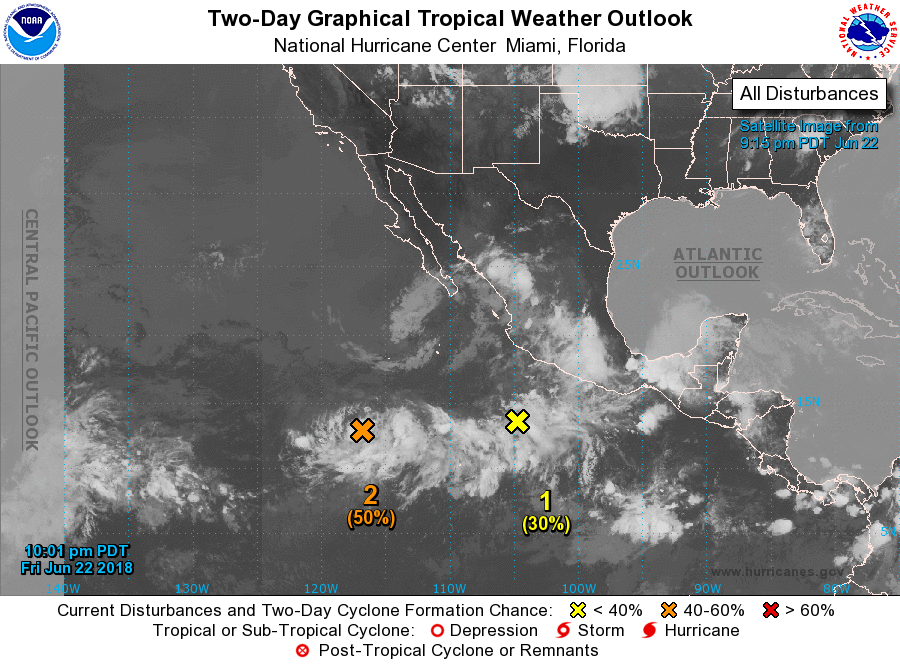
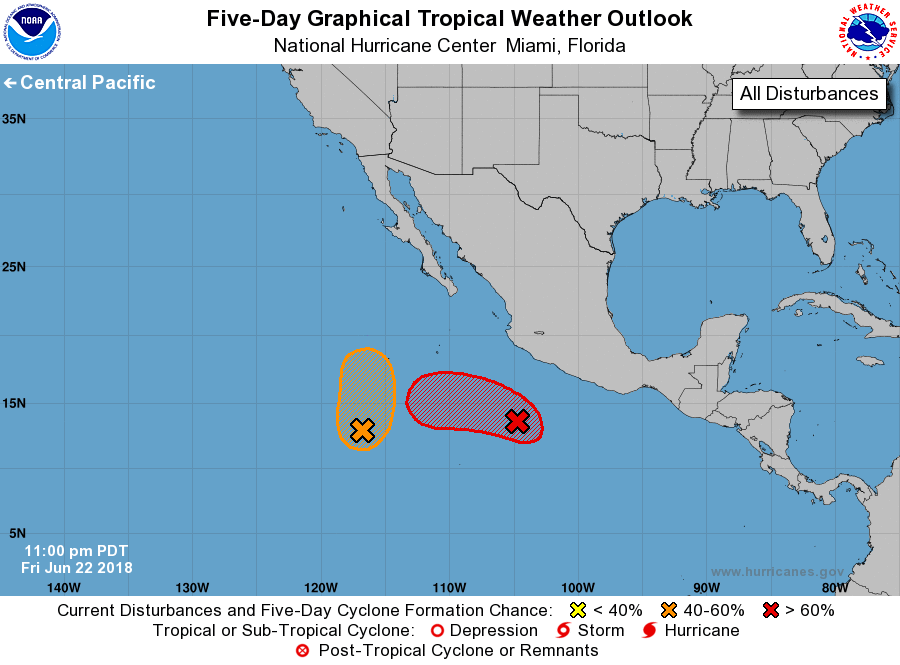
For the eastern North Pacific...east of 140 degrees west longitude:

1. Although the area of showers and thunderstorms located several hundred miles southwest of Acapulco, Mexico appears less organized tonight, the environment is forecast to become more conducive for development over the next day or so. A tropical depression is still likely to form early next week while the disturbance moves westward to west-northwestward at 5 to 10 mph away from the coast of Mexico.
* Formation chance through 48 hours...low...30 percent.
* Formation chance through 5 days...high...70 percent.

2. The elongated area of low pressure located a little more than 900 miles south-southwest of the southern tip of the Baja California peninsula continues to produce showers and thunderstorms. There has been no increase in organization, but environmental conditions are expected to be somewhat conducive for development over the next few days, and a tropical depression could form over the weekend while the disturbance moves slowly toward the north or north-northeast over the open eastern North Pacific. The system is expected to reach cooler waters early next week, which will limit the potential for development.
* Formation chance through 48 hours...medium...50 percent
* Formation chance through 5 days...medium...60 percent

Forecaster Avila